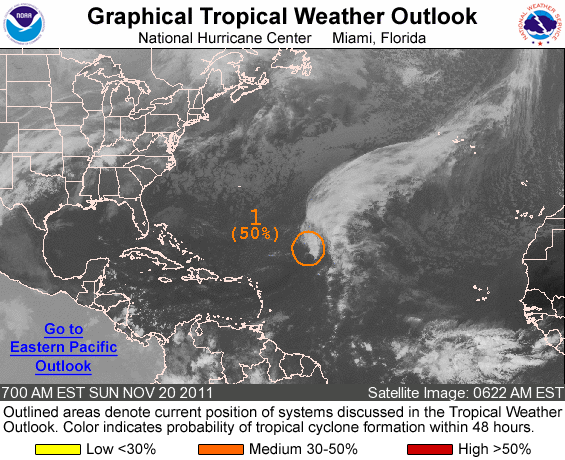
FOR THE NORTH ATLANTIC...CARIBBEAN SEA AND THE GULF OF MEXICO...

1. SHOWER AND THUNDERSTORM ACTIVITY ASSOCIATED WITH A LOW PRESSURE SYSTEM LOCATED ABOUT 550 MILES NORTHEAST OF THE NORTHEASTERN LEEWARD ISLANDS HAS BECOME SLIGHTLY BETTER ORGANIZED DURING THE LAST SEVERAL HOURS. CONTINUED SLOW DEVELOPMENT OF THIS DISTURBANCE IS POSSIBLE DURING THE NEXT DAY OR TWO AS IT MOVES SLOWLY NORTHWARD INTO A REGION OF MORE FAVORABLE UPPER-LEVEL WINDS. THIS SYSTEM HAS A MEDIUM CHANCE...50 PERCENT...OF BECOMING A SUBTROPICAL OR TROPICAL CYCLONE DURING THE NEXT 48 HOURS.

ELSEWHERE...TROPICAL CYCLONE FORMATION IS NOT EXPECTED DURING THE NEXT 48 HOURS.

FORECASTER KIMBERLAIN